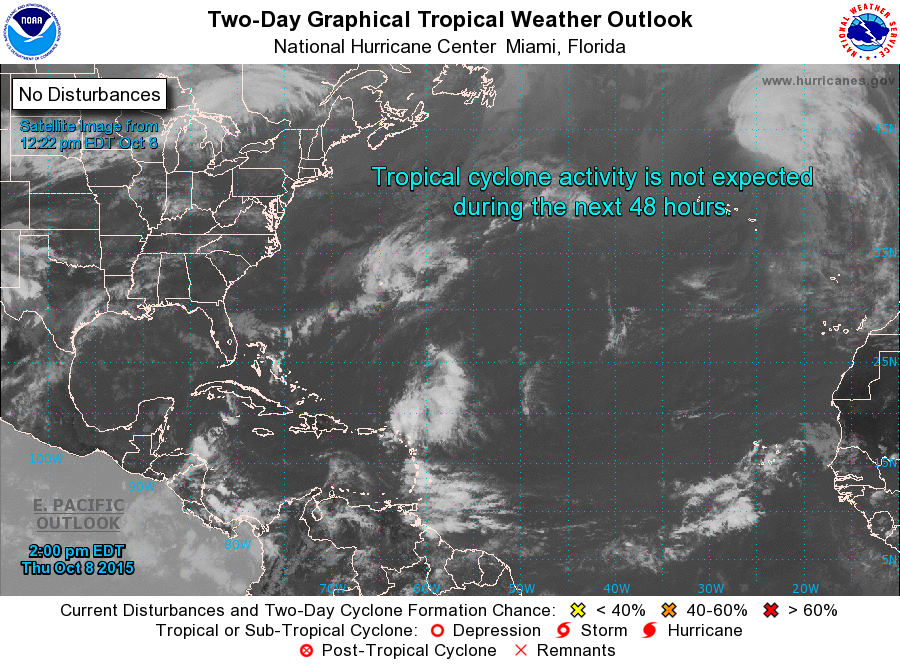
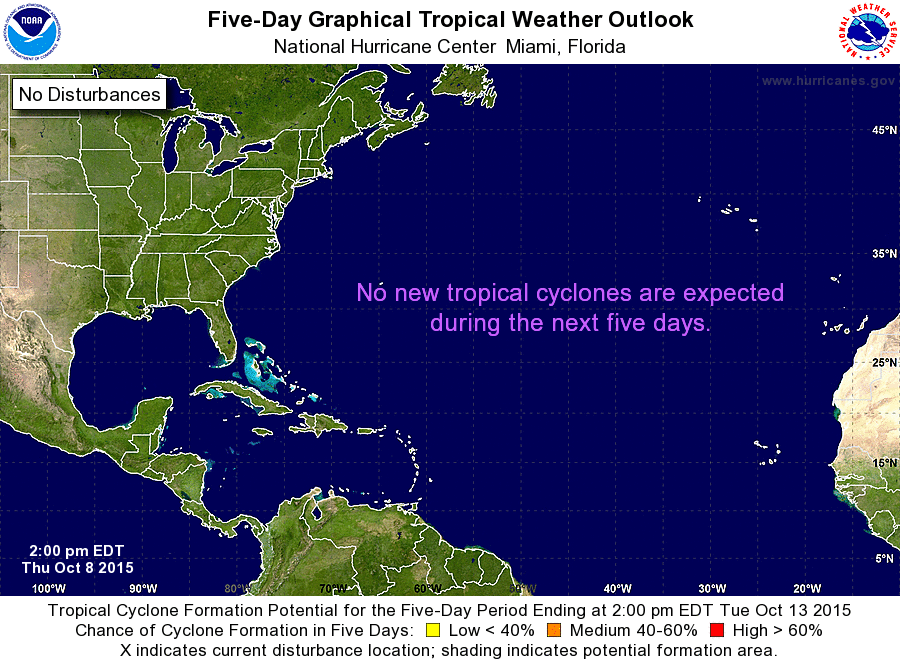
For the North Atlantic...Caribbean Sea and the Gulf of Mexico:

Tropical cyclone formation is not expected during the next 5 days.

Forecaster Blake